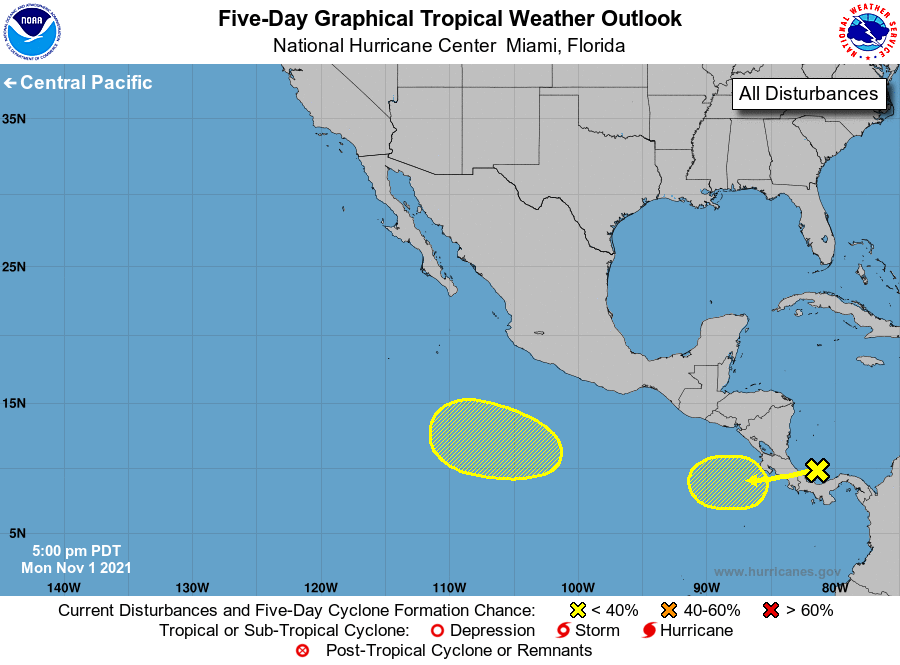
For the eastern North Pacific...east of 140 degrees west longitude:

1. An area of low pressure located over the southwestern Caribbean Sea is forecast to move across Central America on Tuesday, and over the far eastern Pacific waters on Wednesday. Some slow development of the system is possible thereafter while it moves westward at around 10 mph.
* Formation chance through 48 hours...low...near 0 percent.
* Formation chance through 5 days...low...20 percent.

2. An area of low pressure is expected to form later this week, several hundred miles south of the southwestern coast of Mexico. Some slow development of this system is possible thereafter while it moves westward to west-northwestward at 5 to 10 mph.
* Formation chance through 48 hours...low...near 0 percent.
* Formation chance through 5 days...low...20 percent.

Forecaster Brown